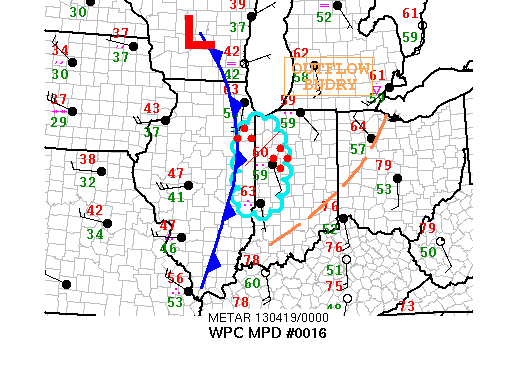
AREAS AFFECTED...ERN IL/WRN IN

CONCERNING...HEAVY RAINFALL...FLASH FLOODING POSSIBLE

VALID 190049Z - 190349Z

SUMMARY...A SFC COLD FRONT ADVANCING FROM THE W IS EXPECTED TO
BRING MDT TO HEAVY RAINFALL TO REGIONS WHICH ALREADY SAW 1 TO 2
INCHES OF PCPN FROM EARLIER CONVECTION.

DISCUSSION...RADAR IMAGERY DEPICTED AN AXIS OF CONVECTION MOVING
TOWARD THE UPR OH VALLEY WITH THE ACTIVITY WANING AS IT INTERSECTS
A REGION OF MORE STABLE AIR AS INDICATED BY LOCAL 00Z RAOBS AND
23Z RAP INSTABILITY PARAMETERS. FURTHER UPSTREAM...A STRONG
BAROCLINIC ZONE/COLD FRONT WAS SEEN PRODUCING HEAVY AREAS OF
RAINFALL AS IT BISECTS AN AIR MASS WITH ABOVE 1.75 IN PWATS. THE
PAST SEVERAL SCANS ON THE RADAR SUGGEST THE ACTIVITY ACRS SRN IL
HAS FURTHER ENHANCED SUGGESTING 1 TO 2 INCHES OF ADDITIONAL
RAINFALL WILL BE POSSIBLE OVER ERN IL/WRN IN. GIVEN THE EARLIER
OUTFLOW BNDRY PRODUCED AN EXPANSIVE AREA OF 1.50 TO 2 INCHES OF
RAIN PER METARS/NSSL QPE...ANY ADDITIONAL HEAVY RAINFALL MAY
PRODUCE FLASH FLOODING. THE 6-HR FFG GUIDANCE IS RATHER VARIABLE
RANGING FROM 1.50 TO 2.50 INCHES WITH EXPECTED AMTS APPROACHING
THIS RANGE. FORTUNATELY...GUIDANCE SUGGESTS THIS AREA OF FRONTAL
CONVECTION SHOULD BE OF A SHORTER DURATION AS THE 500-MB TROF HAS
BEGUN TO SHIFT EWRD.